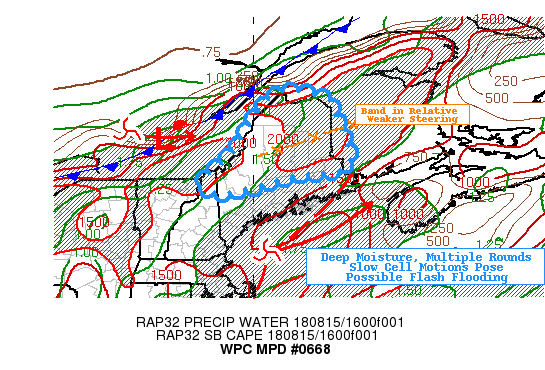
Areas affected...Rooftop of ME...Ext Northern NH...

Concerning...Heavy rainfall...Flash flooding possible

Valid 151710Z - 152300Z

SUMMARY...Multiple rounds of thunderstorms, with stalled/slow
moving initial storms in rich moisture environment pose possible
flash flooding risk.

DISCUSSION...Favorable upper level pattern exists across northern
ME for slow moving or even stationary cells before main convective
line(s) approach later this afternoon.  Strong but opening upper
level trof exits over the western Gulf of Maine lifting northeast,
with more significant/synoptic scale height falls and associated
cold front crossing southern Quebec.   The remains of a deep warm
conveyor/TROWAL has pooled ahead of the approaching front with
CIRA LPW showing maximized 7-5H moisture across the Rooftop of
Maine with values in the .3-.4 range, and 850-7H values in the
coincident at .5-.6".  This along with deeply rich low level
moisture with Tds in the upper 60s and spot 70F values support
Total PWATs over 1.5" which is around the 95 percentile of for
this time of year.

Early morning isolation with this moisture profile supported
MLCAPEs to 2000 J/kg and GOES-16 Visible imagery already depicts
multiple bands developing ahead of the cold front that lies around
the St. Lawrence Seaway currently.   While low to mid-level flow
is generally westerly ahead of the approaching trof, the relative
flow to the upper low to the south, has slacked the flow
sufficiently for mean cell motions to be very weak or even support
stationary cells.  This is more likely the case for the line from
HUL to GNR.  Right now the low level forcing is weak to only
sprout scattered cells, but rainfall will be efficient up to
1.5"/hr.  This is near or just below 1hr FFG values in the area
suggesting flash flooding is possible.

The line to the north along the ME/Quebec border is a bit
stronger, in better deeper moisture axis but also shows more
propagation than the line south.  Still, these two lines could
track over similar areas potentially compounding flooding
situation.  Additional cells along the cold front may pose a
similar setup as well toward 21z.

All considered, the flash flood risk is on the lower end, given
scattered nature of cells and repeat/cross rainfall tracks but low
FFG/anomalous moisture and slow cell motions initially pose at
least a possible threat through 23z.